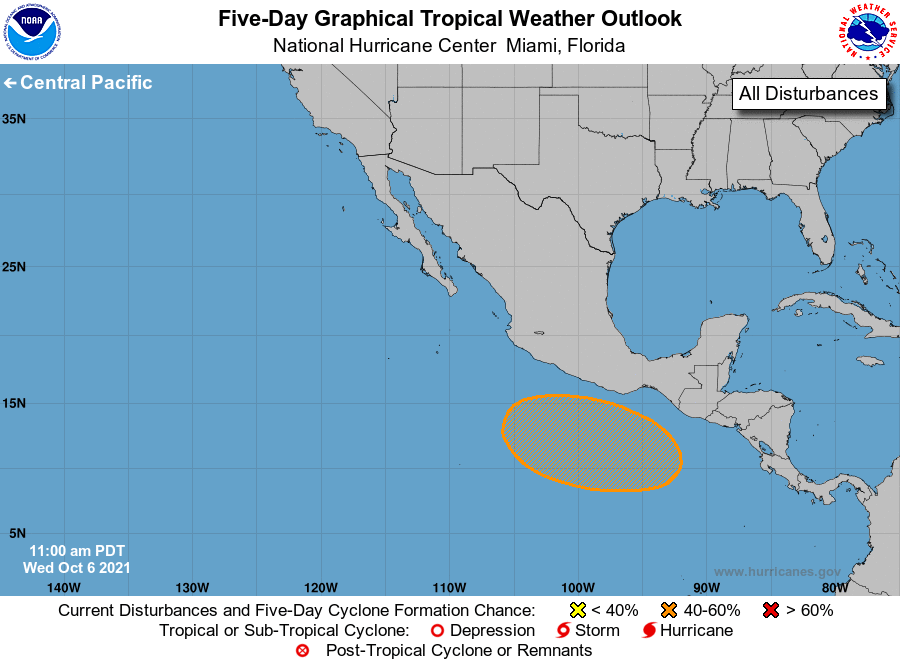
For the eastern North Pacific...east of 140 degrees west longitude:

1. An area of low pressure is forecast to form off the coast of Central America and southern Mexico in a day or two. Environmental conditions are expected to be conducive for development thereafter, and a tropical depression could form over the weekend while the system moves westward to west-northwestward.
* Formation chance through 48 hours...low...near 0 percent.
* Formation chance through 5 days...medium...60 percent.

Forecaster Brown